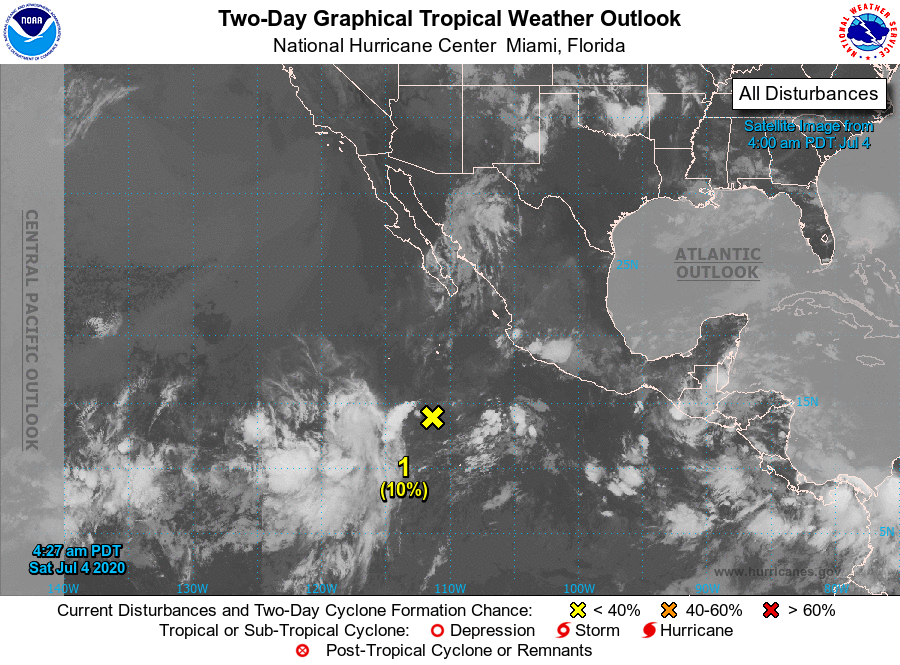
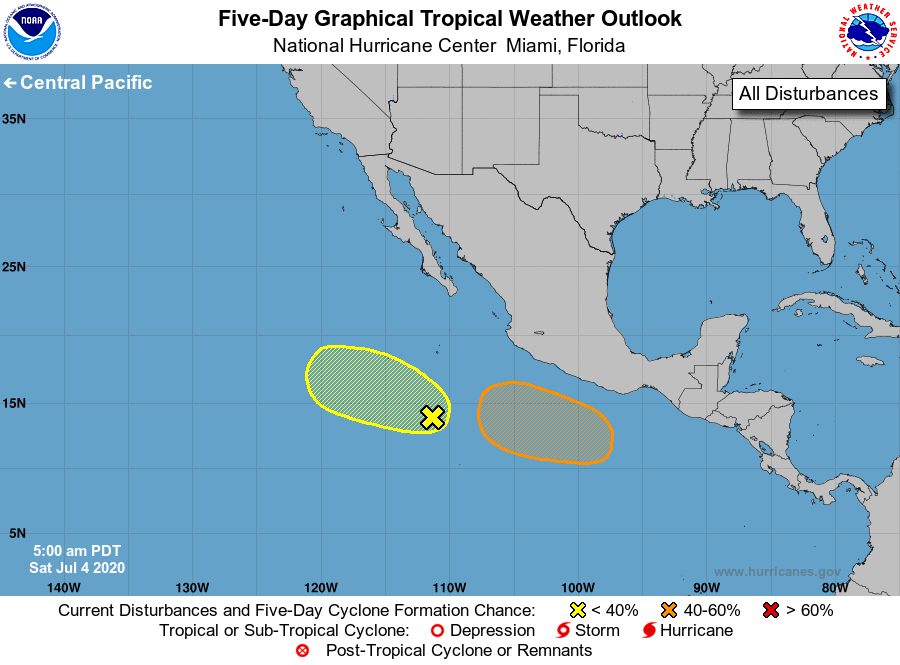
For the eastern North Pacific...east of 140 degrees west longitude:

1. A broad area of low pressure located several hundred miles southwest of Manzanillo, Mexico, continues to produce disorganized showers and thunderstorms. Some slow development of this system is still possible during the next few days while it moves west-northwestward at about 10 mph.
* Formation chance through 48 hours...low...10 percent.
* Formation chance through 5 days...low...30 percent.

2. An area of low pressure is forecast to form south of the coast of southern Mexico in a couple of days. Environmental conditions are expected to be conducive for gradual development, and a tropical depression could form by the middle of next week while it moves west-northwestward, well south of the coast of southern Mexico.
* Formation chance through 48 hours...low...near 0 percent.
* Formation chance through 5 days...medium...60 percent.

Forecaster Cangialosi